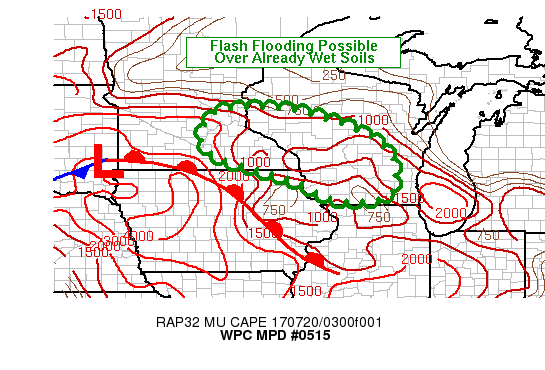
AREAS AFFECTED...SERN MN/CNTRL-SRN WI/FAR NERN IA

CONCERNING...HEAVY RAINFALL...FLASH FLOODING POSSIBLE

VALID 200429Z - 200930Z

SUMMARY...RAINFALL RATES OF 1-2 IN/HR ARE EXPECTED TO CONTINUE
ACROSS PORTIONS OF SERN MN INTO CNTRL-SRN WI THROUGH 08Z. FLASH
FLOODING WILL BE POSSIBLE...ESPECIALLY OVER WET GROUND FROM
EARLIER RAINFALL.

DISCUSSION...AN AXIS OF SEMI-CONTINUOUS TRAINING CONVECTION HAS
BEEN IN PLACE FROM JUST SOUTH OF MSP TO JUST NORTH OF LSE SINCE
ABOUT 02Z. OBSERVED RAINFALL RATES WITHIN THIS AXIS HAVE RANGED
FROM 1-2 IN/HR WHERE IDEAL TRAINING HAS SET UP. THE CONVECTION IS
OCCURRING NORTH OF A WARM FRONT STRETCHING FROM FAR SWRN MN INTO
SERN IA AND APPEARS TO BE ROOTED NEAR OR BELOW 700 MB PER THE 00Z
MPX SOUNDING. THE CONVECTION ALSO APPEARS TO BE OCCURRING NEAR THE
EDGE OF AN INSTABILITY GRADIENT WITH THE 00Z MPX SOUNDING
INDICATING INSTABILITY OF ABOUT 100 J/KG BUT IT WAS CLOSER TO 1800
J/KG TO THE SOUTH AT DVN FROM 00Z. MID-UPPER LEVEL FLOW WAS ALSO
FAIRLY DIFFLUENT OVER THE AREA OF ONGOING CONVECTION.

MODERATE WLY-SWLY FLOW IN THE 850-700 MB LAYER IS HELPING TO PUMP
INSTABILITY INTO THE REGION AND WILL LIKELY CONTINUE TO DO SO OVER
THE NEXT FEW HOURS. GIVEN GPS SITE PRECIPITABLE WATER VALUES OVER
THE TRI-STATE AREA RANGED FROM 1.5 TO 1.9 INCHES AT 02Z...AND
THERE SHOULD BE NO SHORTAGE OF INSTABILITY IN THE SOURCE
REGION...RAINFALL RATES OF 1-2 IN/HR WILL CONTINUE TO BE SEEN
WHERE TRAINING CONTINUES WITHIN UNIDIRECTIONAL FLOW FROM NW TO SE
WITHIN THE EFFECTIVE SHEAR LAYER. RAINFALL FROM AN EARLIER MCS
PRODUCED 1-2 INCHES OF RAIN IN AREAS FROM SERN MN INTO SWRN
WI...AND ADDITIONAL RAINFALL OF 2-4 INCHES MAY CAUSE FLASH
FLOODING IN A FEW LOCATIONS.